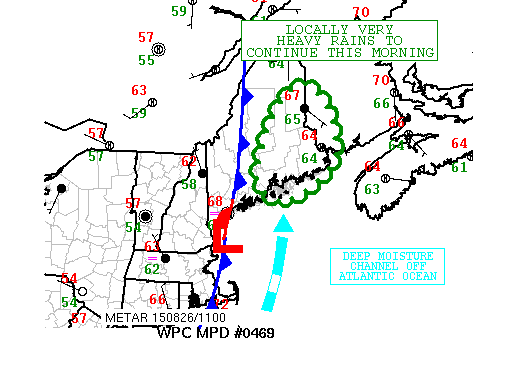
AREAS AFFECTED...DOWNEAST MAINE

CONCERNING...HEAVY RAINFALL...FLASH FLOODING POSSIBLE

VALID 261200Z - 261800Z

SUMMARY...VERY HEAVY RAINFALL IS LIKELY TO CONTINUE THROUGH THE
MORNING HOURS...WITH LOCALLY EXTENSIVE RUNOFF PROBLEMS AND FLASH
FLOODING POSSIBLE.

DISCUSSION...RADAR IMAGERY SHOWS A BAND OF VERY HEAVY SHOWERS AND
THUNDERSTORMS TRAINING OVER THE SAME AREA ACROSS SOUTHERN
WASHINGTON COUNTY IN DOWNEAST MAINE. THE SATELLITE SIGNATURE HAS
BECOME A BIT MORE CONCERNING OVER THE LAST HOUR AS CLOUD TOP
TEMPERATURES HAVE BEEN COOLING FURTHER...AND THERE HAS BEEN AN
INCREASINGLY DIFFLUENT CHARACTER TO THE CLOUD SIGNATURE AS A
SHORTWAVE IMPULSE LIFTS NORTHEAST FROM SOUTHERN NEW ENGLAND.

DEEP MOISTURE IS IN PLACE ACROSS THE REGION WITH PWATS OVER 1.5
INCHES AS PER LATEST GOES-SOUNDER DATA...AND A NOTABLE CHANNEL OF
MOISTURE TRANSPORT NOTED IN THE 850MB/700MB LAYER WHICH IS
WELL-DEFINED IN THE LATEST CIRA LAYERED PWAT PRODUCT. THE
AFOREMENTIONED SHORTWAVE OVER SOUTHERN NEW ENGLAND IN ADDITION TO
FACILITATING LARGER SCALE ASCENT...IS ALSO HELPING TO FOCUS A WAVE
OF LOW PRESSURE ALONG A FRONTAL ZONE. THIS WILL CONTINUE TO HELP
FOCUS/CHANNEL MOISTURE INTO DOWNEAST MAINE THROUGHOUT THE
MORNING...AND THE ONGOING CONVECTION IS LIKELY TO BE SUSTAINED AS
A RESULT AND MAY EXPAND IN COVERAGE.

THE HIRES MODELS ARE NOT HANDLING THE CURRENT LEVEL OF CONVECTIVE
ACTIVITY PARTICULARLY WELL...BUT THE 00Z ARW/00Z NMMB AND 00Z
NSSL-WRF ALL AT LEAST DEPICT THE CHANNELING OF MOISTURE AND A FEW
LINEAR BANDS OF CONVECTION ACROSS PORTIONS OF NORTHERN NEW ENGLAND
AND ESPECIALLY CENTRAL AND EASTERN MAINE BETWEEN 12Z AND 18Z.

GIVEN THE ENVIRONMENTAL CONDITIONS...EXPECT VERY HEAVY SHOWERS AND
THUNDERSTORMS TO PERSIST THROUGH THE MORNING HOURS WITH VERY HEAVY
RAINFALL RATES OF UP TO 2 INCHES/HR. UP TO 3 TO 5 INCHES OF RAIN
HAS ALREADY FALLEN LOCALLY AS PER DUAL-POL ESTIMATES...BUT AN
ADDITIONAL 2 TO 4 INCHES WILL BE POSSIBLE THROUGH MID TO LATE
MORNING...AND THUS THE THREAT FOR LOCALLY EXTENSIVE RUNOFF
PROBLEMS AND FLASH FLOODING WILL PERSIST.